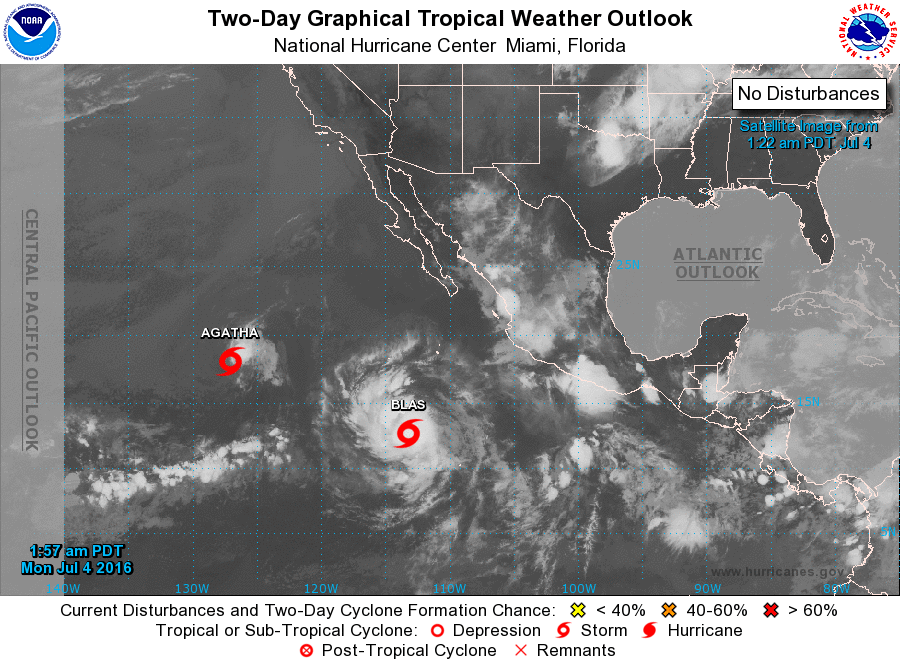
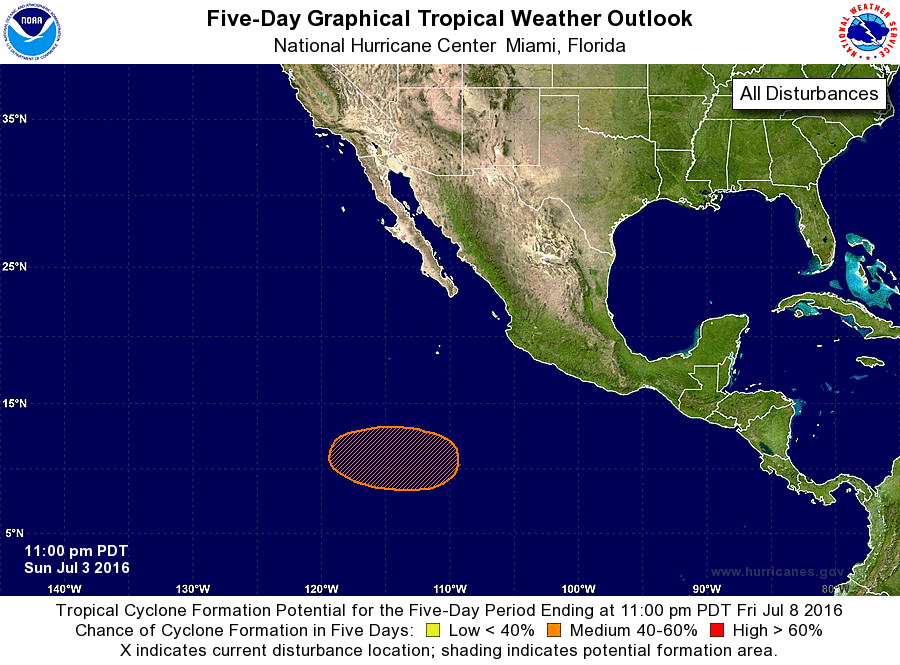
For the eastern North Pacific...east of 140 degrees west longitude:

The National Hurricane Center is issuing advisories on Tropical Storm Agatha, located about 1100 miles west-southwest of the southern tip of the Baja California peninsula, and on Tropical Storm Blas, located more than 700 miles south-southwest of the southern tip of the Baja California peninsula.

1. An area of low pressure is expected to form by the middle of the week well southwest of the coast of Mexico. Environmental conditions are forecast to be conducive for gradual development of this system while it moves slowly westward.
* Formation chance through 48 hours...low...near 0 percent
* Formation chance through 5 days...medium...40 percent

Forecaster Stewart